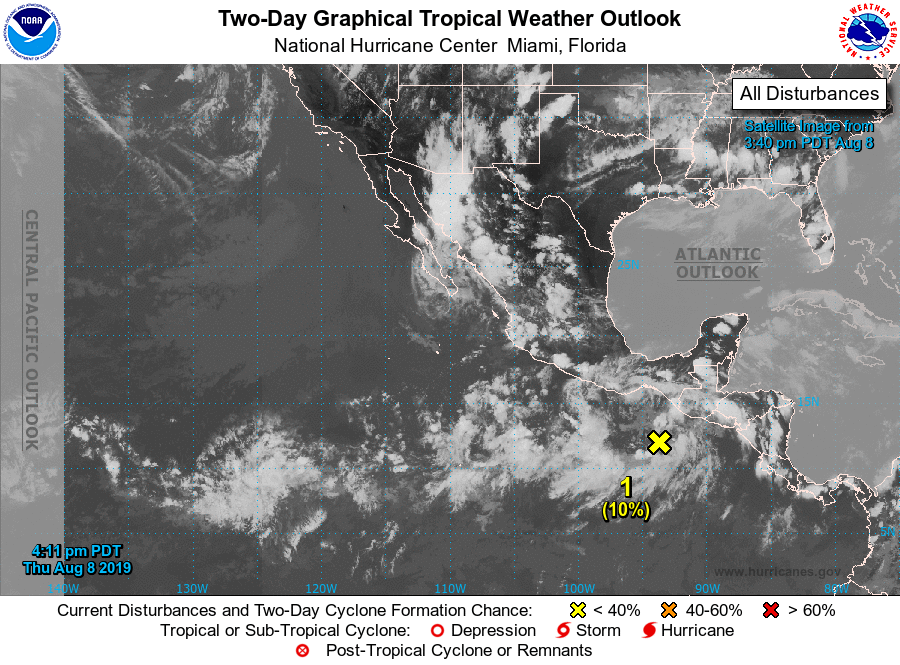
For the eastern North Pacific...east of 140 degrees west longitude:

1. A disorganized area of cloudiness and thunderstorms continues along and to the south of the coasts of El Salvador, Guatemala and eastern Mexico. A low pressure area is forecast to form within this area of disturbed weather a few hundred miles south or southwest of the southern coast of Mexico by this weekend, and environmental conditions are expected to be somewhat conducive for the formation of a tropical depression by early next week while the system moves west-northwestward at 10 to 15 mph, offshore of the southwestern coast of Mexico. Some thunderstorm activity is expected to continue onshore the coasts of El Salvador, Guatemala and eastern Mexico tonight and Friday, producing locally heavy rainfall, especially in mountainous areas. These rains are forecast to gradually spread westward along the coast of southeastern Mexico over the weekend.
* Formation chance through 48 hours...low...10 percent.
* Formation chance through 5 days...medium...60 percent.

2. An area of low pressure is forecast to develop several hundred miles southwest of the southern tip of the Baja California peninsula by early next week. Environmental conditions are expected to gradually become more conducive for development through the middle of next week while the system moves generally westward at 10 to 15 mph.
* Formation chance through 48 hours...low...near 0 percent.
* Formation chance through 5 days...low...20 percent.

Forecaster Avila